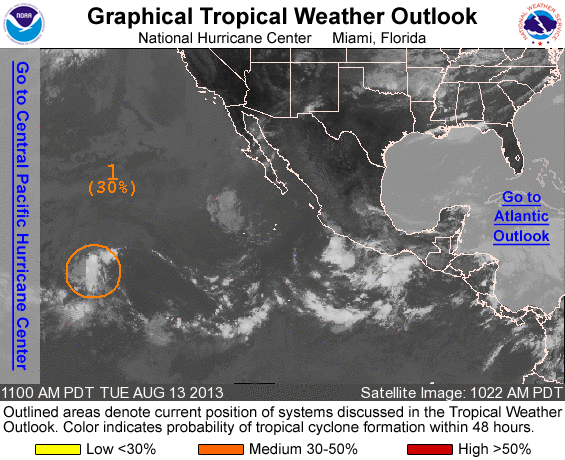
FOR THE EASTERN NORTH PACIFIC...EAST OF 140 DEGREES WEST LONGITUDE..

1. DISORGANIZED SHOWERS AND THUNDERSTORMS CONTINUE IN ASSOCIATION WITH A LOW PRESSURE SYSTEM LOCATED ABOUT 1375 MILES EAST-SOUTHWEST OF THE BIG ISLAND OF HAWAII. ENVIRONMENTAL CONDITIONS ARE EXPECTED TO GRADUALLY BECOME LESS FAVORABLE FOR DEVELOPMENT DURING THE NEXT COUPLE OF DAYS. THIS SYSTEM HAS A MEDIUM CHANCE...30 PERCENT...OF BECOMING A TROPICAL CYCLONE DURING THE NEXT 48 HOURS...AND A MEDIUM CHANCE...30 PERCENT...OF BECOMING A TROPICAL CYCLONE DURING THE NEXT 5 DAYS WHILE IT MOVES WESTWARD AT 15 TO 20 MPH.

FIVE-DAY FORMATION PROBABILITIES ARE EXPERIMENTAL IN 2013. COMMENTS ON THE EXPERIMENTAL FORECASTS CAN BE PROVIDED AT...

HTTP://WWW.NWS.NOAA.GOV/SURVEY/NWS-SURVEY.PHP?CODE=ETWO

FORECASTER KIMBERLAIN